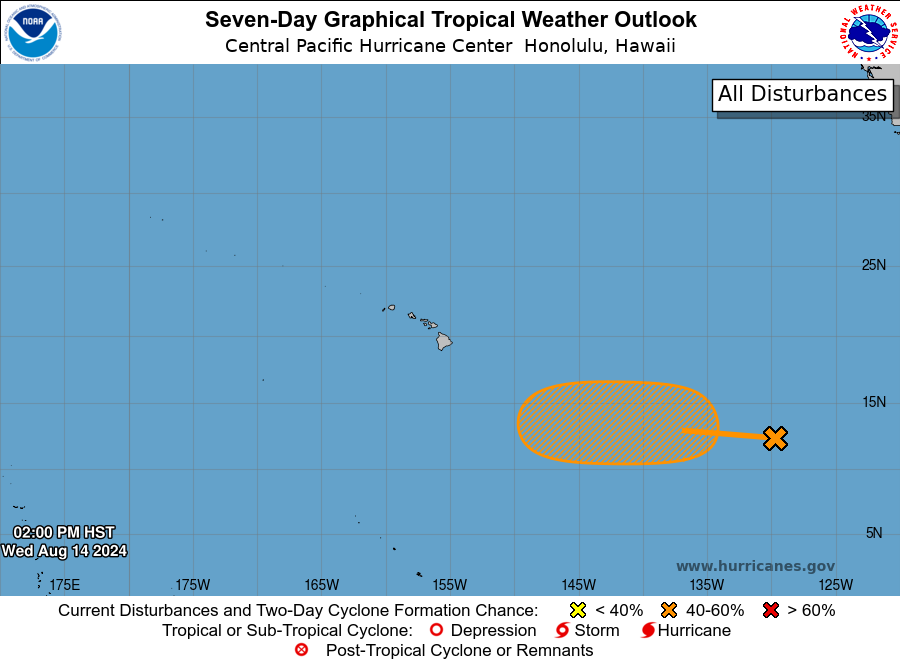
For the central North Pacific...between 140W and 180W:

1. Approximately 1600 miles southeast of the Hilo, Hawaii: A broad area of low pressure will likely form during the next couple of days well southeast of the Hawaiian Islands. Environmental conditions appear conducive for gradual development thereafter, and a tropical depression could form late this weekend or early next week while the system moves westward.
* Formation chance through 48 hours...low...10 percent.
* Formation chance through 7 days...medium...50 percent.

Elsewhere, no tropical cyclones are expected during the next 7 days.

Forecaster Kino/Tsamous